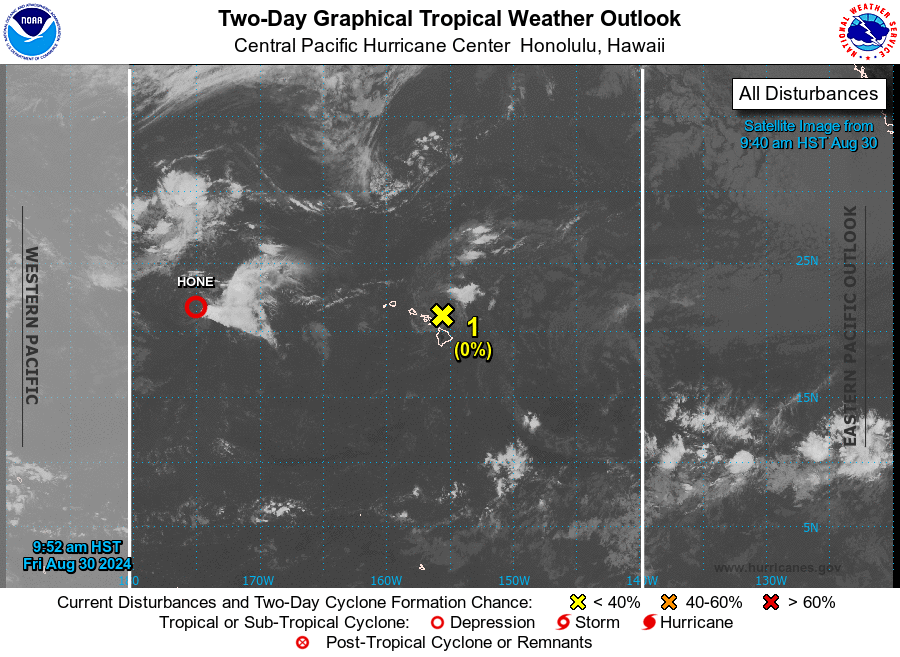
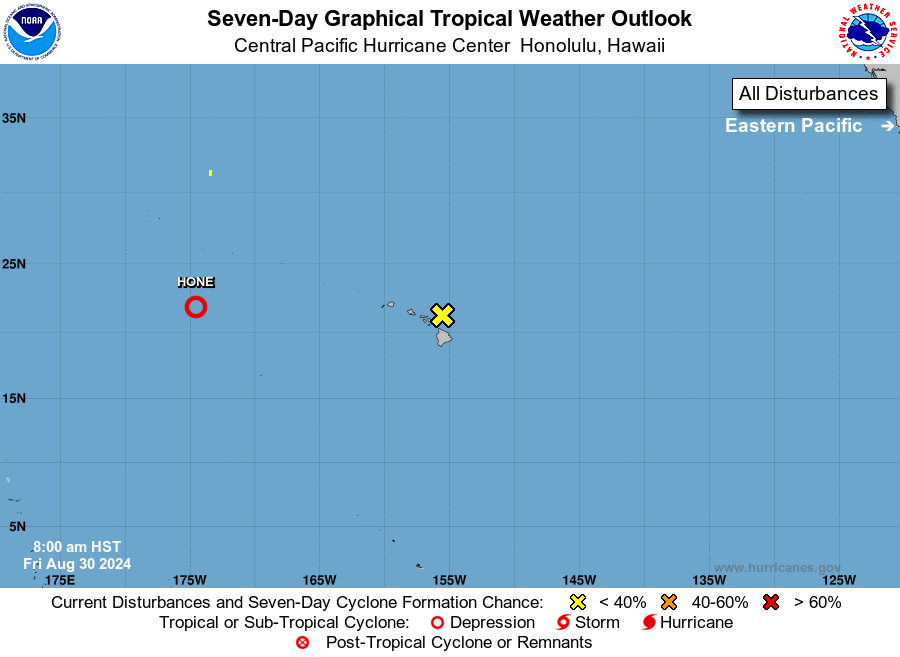
For the central North Pacific...between 140W and 180W:

Active Systems: The Central Pacific Hurricane Center in Honolulu, Hawaii is issuing advisories on Tropical Depression Hone. This system is located about 1010 miles west of Lihue, Hawaii, moving west-northwest at 8 mph.

1. Approximately 170 miles east of Honolulu: A surface low, the remnant of Tropical Cyclone Gilma, was 100 miles north of Hilo and moving west-northwest near 10 mph. Atmospheric conditions are not conducive for tropical cyclone redevelopment. *Formation chances through 48 hours...low...near 0 percent. *Formation chances through 7 days...low...near 0 percent.

Elsewhere, no tropical cyclones are expected during the next 7 days.

Public advisories on Tropical Depression Hone are issued under WMO header WTPA31 PHFO and under AWIPS header HFOTCPCP1. Forecast advisories on Tropical Storm Hone are issued under WMO header WTPA11 PHFO and under AWIPS header HFOTCMCP1.

Forecaster Foster/Tsamous